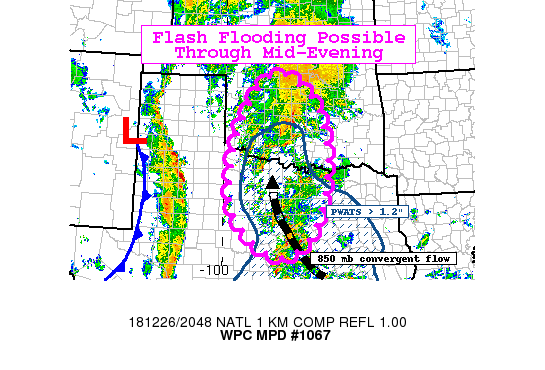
Areas affected...North Central TX into Central OK

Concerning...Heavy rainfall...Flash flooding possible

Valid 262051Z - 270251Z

Summary...Convection continuing to develop ahead of a cold front
will be capable of producing hourly totals as high as 2" and may
pose a localized flash flood risk through 03z.

Discussion...As of 21z, regional radar shows widespread showers
and thunderstorms continuing in response to a plume of a higher
moisture (characterized by PWATs of 1.2-1.4") and 50-60 kt
convergent flow at 850 mb. Aloft, water vapor shows a distinct mid
level shortwave over southern New Mexico tracking eastward. Ahead
of this there is broad mid-upper level forcing for ascent.
Finally, at the surface, a recent analysis showed a low nearing
the Texas Panhandle with its associated cold front extending
southward toward the Mexico border.

With the mean flow aligning parallel to the storm motion (mostly
north-south), convection will continue to redevelop and
potentially train over the same areas over north central TX into
central OK into the early to mid evening hours. Instability is
expected to remain sufficient (SBCAPE as high as 1000 J/kg
possible) and this should keep the environment supportive for
heavy rainfall.

Recent totals per mesonet observations since convection started
earlier in the morning a corridor of 1-2" with a few localized
amounts near 3". With additional amounts of 2-3" and locally
higher amounts possible, this falling on top of areas that have
already picked up heavier rainfall today will increase the flash
flood risk into the early evening, despite the progressing line of
storms expected after 00z.